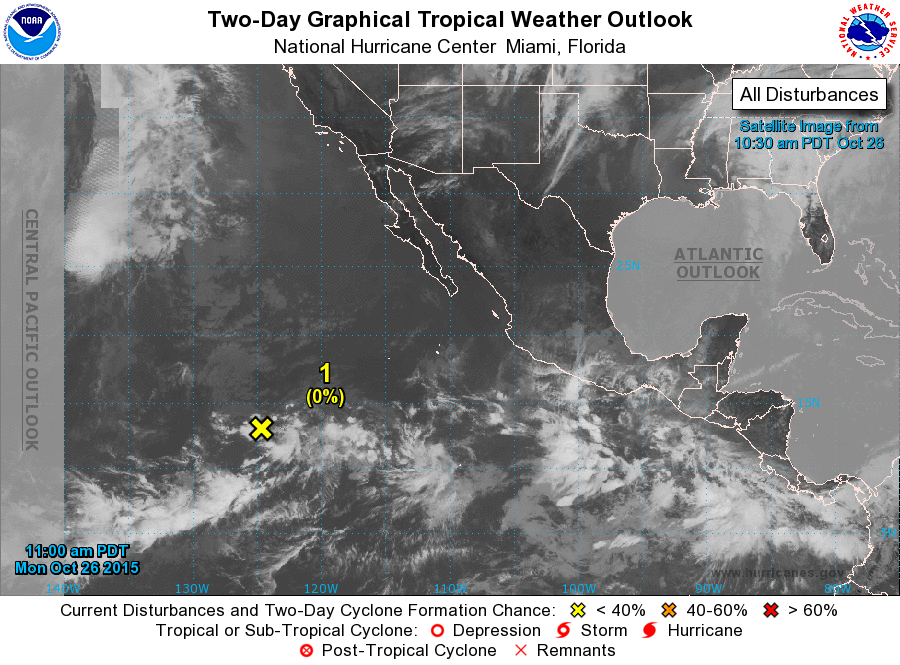
For the eastern North Pacific...east of 140 degrees west longitude:

The Central Pacific Hurricane Center is issuing advisories on Tropical Storm Olaf, located several hundred miles east-northeast of Hilo, Hawaii. Olaf is expected to cross 140 degrees West longitude later today, at which time advisories on this system will be issued by the National Hurricane Center.

1. An elongated area of low pressure located about 1200 miles southwest of the southern tip of the Baja California peninsula has become less organized during the past 24 hours. Environmental conditions have become less conducive, and development of this system now appears unlikely as it moves little during the next few days.
* Formation chance through 48 hours...low...near 0 percent
* Formation chance through 5 days...low...near 0 percent

Forecaster Kimberlain